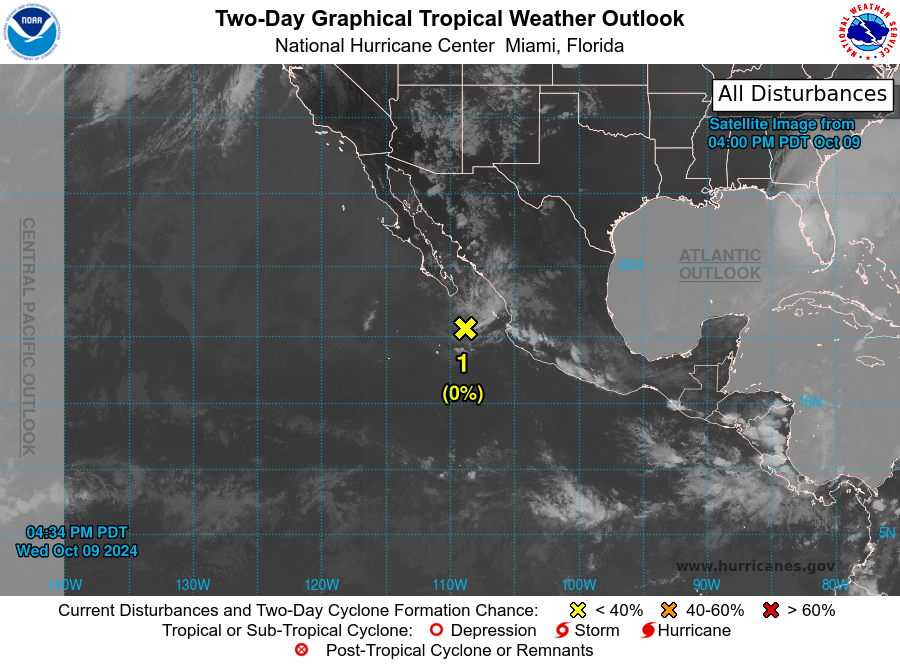
For the eastern North Pacific...east of 140 degrees west longitude:

1. Offshore of Southwestern Mexico (EP99): Showers and thunderstorms have mostly dissipated with an area of low pressure located a couple of hundred miles south-southeast of the southern tip of the Baja California peninsula. Environmental conditions are becoming increasingly unfavorable, and additional development is no longer anticipated.
* Formation chance through 48 hours...low...near 0 percent.
* Formation chance through 7 days...low...near 0 percent.

Forecaster Papin/Mahoney